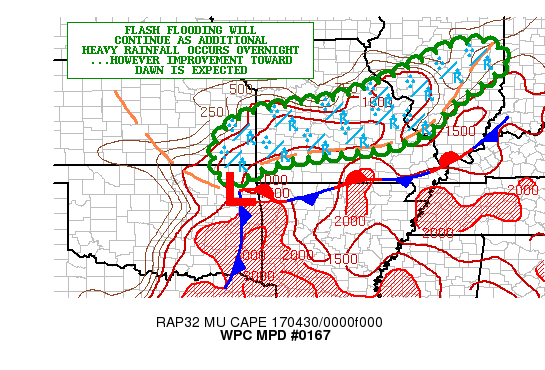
AREAS AFFECTED...FAR NORTHEAST OK...SOUTHEAST KS...CENTRAL
MO...CENTRAL IL

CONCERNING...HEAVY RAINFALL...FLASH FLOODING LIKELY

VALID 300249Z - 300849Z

SUMMARY...SIGNIFICANT RUNOFF PROBLEMS AND FLASH FLOODING WILL
CONTINUE AS ADDITIONAL HEAVY RAINFALL ARRIVES OVER THE NEXT
SEVERAL HOURS.

DISCUSSION...THE MOST ORGANIZED AREAS OF CONVECTION AT THIS TIME
ARE GENERALLY ACROSS PART OF EASTERN OK..CENTRAL/NORTHERN AR AND
INTO THE LOWER OH VALLEY. HOWEVER...THERE IS SUCH STRONG
ISENTROPIC ASCENT AND LARGE SCALE FORCING GIVEN THE STRONG
SOUTHERLY LOW LEVEL JET OF 50 KTS OVER THE FRONTAL ZONE...THAT
WIDESPREAD MODERATE TO HEAVY STRATIFORM RAIN ALONG WITH SOME
EMBEDDED STRONGER ELEVATED CONVECTIVE ELEMENTS ELEMENTS CONTINUE
FROM SOUTHEAST KS EAST ACROSS CENTRAL MO AND INTO CENTRAL IL. MANY
OF THESE AREAS HAVE SEEN VERY HEAVY RAINFALL TOTALS OVER THE LAST
12 TO 24 HOURS...AND ANY ADDITIONAL RAINFALL WILL CONTINUE TO
RUNOFF AND CAUSE FLASH FLOODING.

OVER THE LAST COUPLE HOURS...SOME OF THE HEAVIEST RAINFALL RATES
ARE ASSOCIATED WITH A CLUSTER OF STRONGER THUNDERSTORMS OVER
SOUTHEAST KS/NORTHEAST OK WHICH IS MOVING INTO SOUTHWEST MO. THIS
ACTIVITY WILL LIKELY ADVANCE EAST ACROSS PARTS OF CENTRAL MO OVER
THE NEXT COUPLE HOURS. RAINFALL RATES OF AS MUCH AS 1.5 INCHES/HR
WILL BE POSSIBLE. THE BROADER STRATIFORM SHIELD OF PRECIPITATION
IS PRODUCING RAINFALL RATES OF AS MUCH AS 0.2 TO 0.4
INCHES/HR...WHICH IS EXCEEDING FFG VALUES LOCALLY...AND ESPECIALLY
OVER CENTRAL MO.

EXPECT AN ADDITIONAL 1 TO 3 INCHES OF THROUGH 09Z WHICH IS
GENERALLY CONSISTENT WITH A CONSENSUS OF THE LATEST HIRES GUIDANCE
INCLUDING RECENT RUNS OF THE HRRR. FORTUNATELY...CONDITIONS ARE
EXPECTED TO IMPROVE TOWARD DAWN.